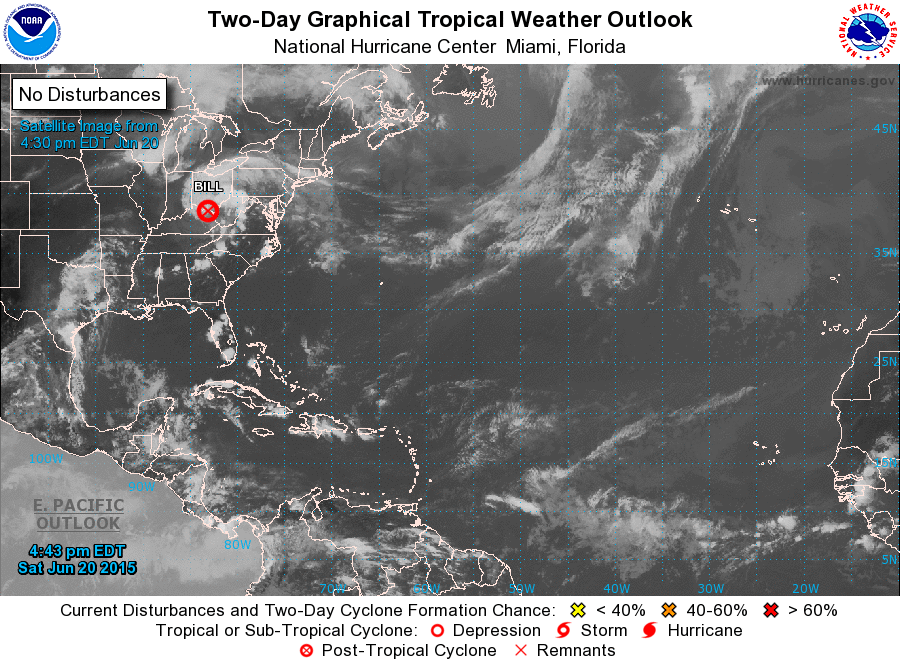
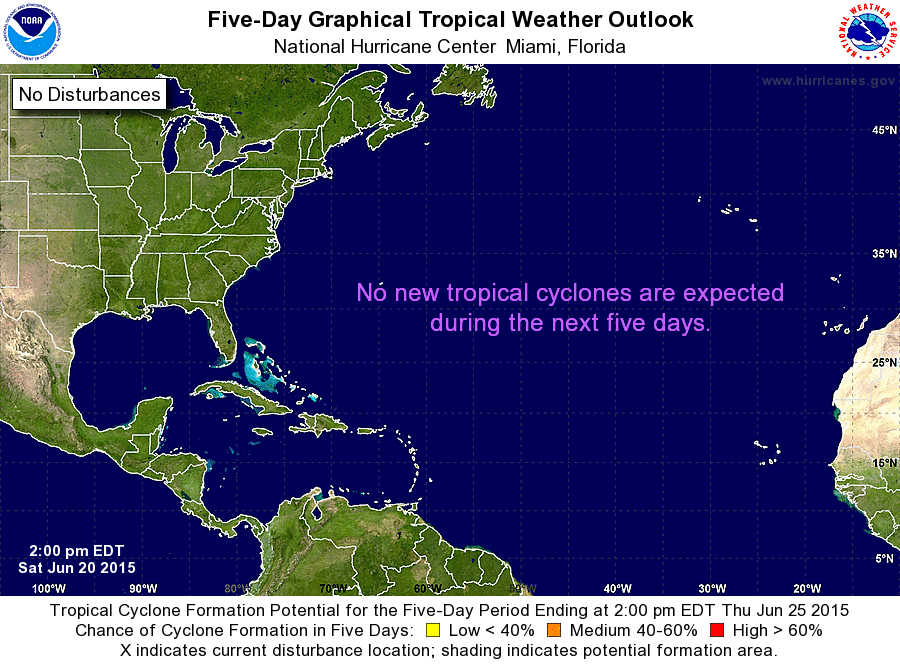
For the North Atlantic...Caribbean Sea and the Gulf of Mexico:

The NOAA Weather Prediction Center is issuing advisories on Tropical Depression Bill, located over northern Kentucky.

Tropical cyclone formation is not expected during the next 5 days.

&&
Information on Tropical Depression Bill can be found in Public Advisories issued by the Weather Prediction Center under AWIPS header TCPAT2, WMO header WTNT32 KWNH, and on the web at http://www.wpc.ncep.noaa.gov/tropical/tropstorms.shtml.

Forecaster Pasch